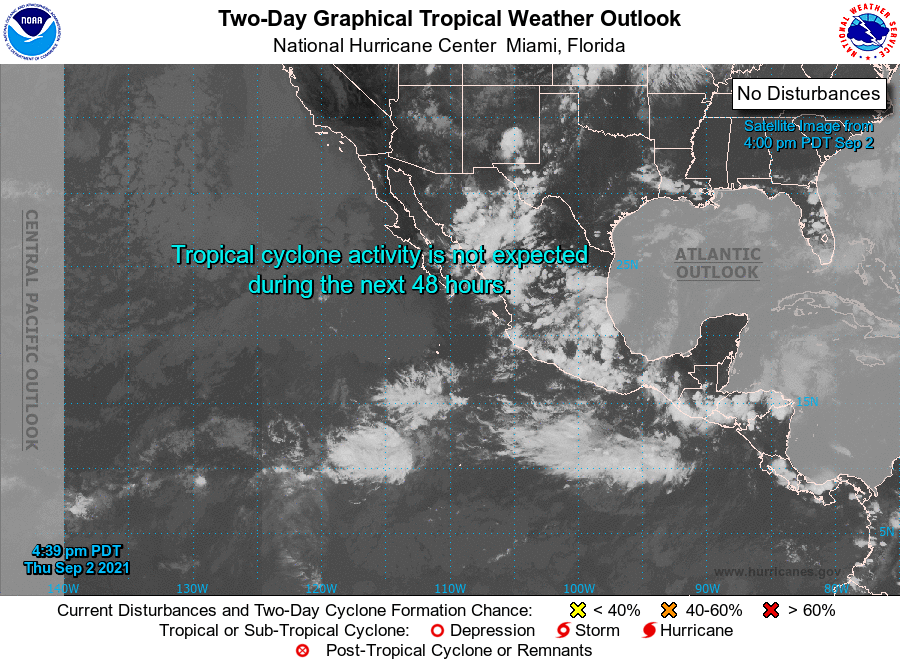
For the eastern North Pacific...east of 140 degrees west longitude:

1. An area of low pressure is forecast to form early next week off the southwestern coast of Mexico. Environmental conditions are expected to be conducive for some gradual development of the system thereafter as it moves west-northwestward away from southwestern Mexico.
* Formation chance through 48 hours...low...near 0 percent.
* Formation chance through 5 days...low...20 percent.

Forecaster Brown